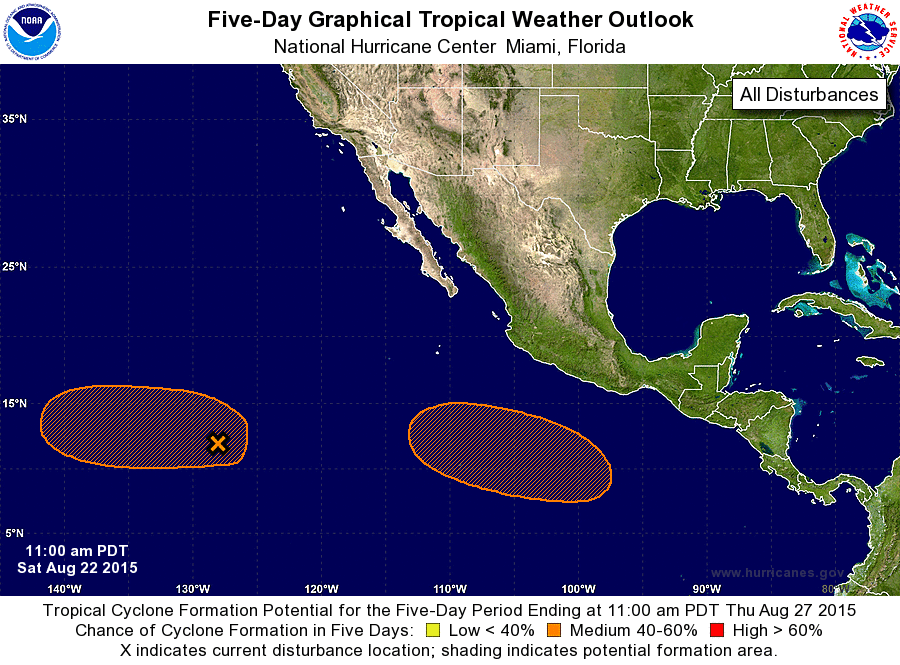
For the eastern North Pacific...east of 140 degrees west longitude:

1. Shower and thunderstorm activity associated with a broad area of low pressure located about 1400 miles west-southwest of the southern tip of the Baja California peninsula remains limited. Some gradual development of this system is possible through early next week while it moves westward at 5 to 10 mph.
* Formation chance through 48 hours...low...20 percent
* Formation chance through 5 days...medium...40 percent

2. A low pressure area is expected to form well south of the coast of Mexico early next week. Environmental conditions should support gradual development of the system while it moves west-northwestward at 10 to 15 mph.
* Formation chance through 48 hours...low...near 0 percent
* Formation chance through 5 days...medium...50 percent

Forecaster Landsea